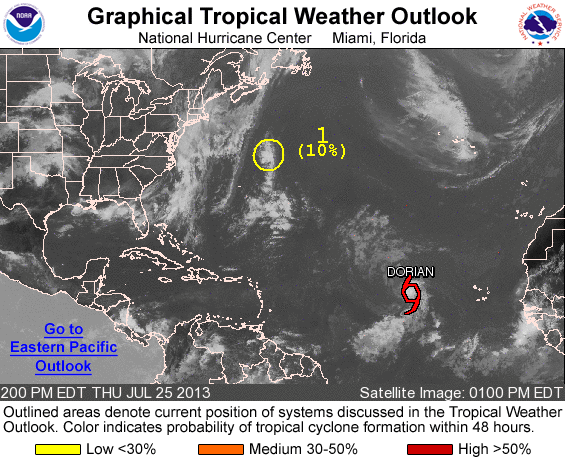
FOR THE NORTH ATLANTIC...CARIBBEAN SEA AND THE GULF OF MEXICO...

THE NATIONAL HURRICANE CENTER IS ISSUING ADVISORIES ON TROPICAL STORM DORIAN...LOCATED OVER THE CENTRAL TROPICAL ATLANTIC WELL TO THE EAST OF THE NORTHERN LEEWARD ISLANDS.

1. THUNDERSTORM ACTIVITY ASSOCIATED WITH A WEAK SURFACE LOW LOCATED A FEW HUNDRED MILES NORTHEAST OF BERMUDA HAS BECOME LESS ORGANIZED. UPPER-LEVEL WINDS ARE BECOMING LESS FAVORABLE FOR DEVELOPMENT... AND THE LOW WILL BE MOVING OVER COLDER WATER BY FRIDAY. THIS SYSTEM HAS A LOW CHANCE...10 PERCENT...OF BECOMING A TROPICAL CYCLONE DURING THE NEXT 48 HOURS AS IT MOVES NORTHWARD AT 15 TO 20 MPH.

ELSEWHERE...TROPICAL CYCLONE FORMATION IS NOT EXPECTED DURING THE NEXT 48 HOURS.

FORECASTER STEWART